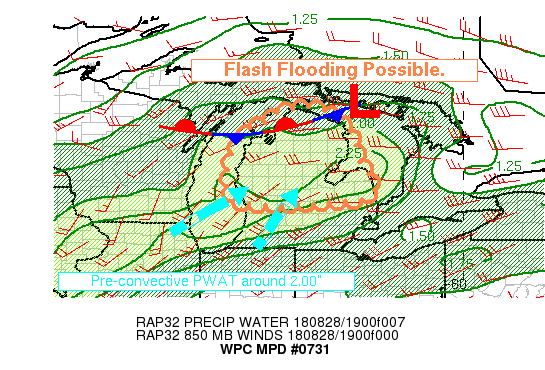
Areas affected...NORTH AND CENTRAL MICHIGAN

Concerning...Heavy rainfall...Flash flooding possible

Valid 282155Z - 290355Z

Summary...A convective complex moving across eastern Wisconsin and
towards Lake Michigan will race eastward along a frontal boundary
into Michigan this evening. This activity has the potential to
produce 2 to 3 inches of rainfall over an area that has seen 3 to
6 inches of rainfall in the past few days. Flash flooding is
possible.

Discussion...Strong thunderstorms with very heavy rainfall have
organized ahead of a cold front in Eastern Wisconsin. This cluster
will move across Lake Michigan during the next hour and into the
L.P. this evening. The environment across Michigan is primed for
these storms to persist with latest RAP analyzed MLCape of
1500-2000 J/kg combined with PWATs already from 1.7 to 2.0 inches,
more than 2 standard deviations above normal. Although latest high
res guidance still shows some variation in placement of heaviest
rainfall, best RAP moisture transport and instability should
combine across north-central Michigan near the latitude of Saginaw
Bay. This is supported by translating current activity to the ENE
using 0-6km storm motion vectors, and by the latest ARW simulated
reflectivity. Although individual cells will likely move rapidly
from SW to NE across the state, training of storms along the
southward sinking boundary and very high rainfall rates - 1.5 to
2.0 inches in an hour - create a flash flood threat through 04Z.